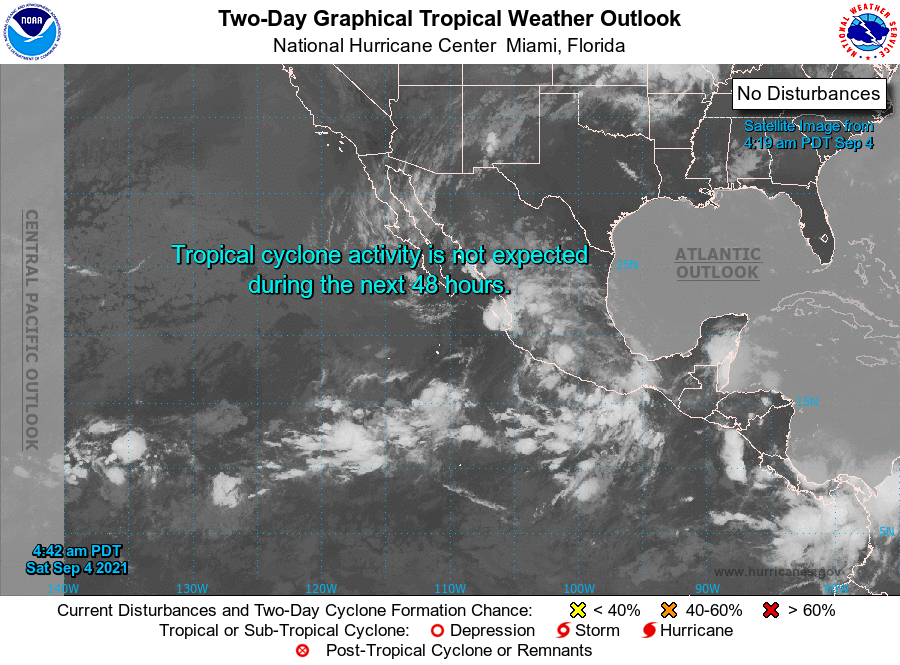
For the eastern North Pacific...east of 140 degrees west longitude:

1. An area of low pressure is forecast to form in a day or two off the southwestern coast of Mexico. Environmental conditions are expected to be conducive for gradual development thereafter, and the system could become a tropical depression around the middle of next week as it moves west-northwestward or northwestward.
* Formation chance through 48 hours...low...near 0 percent.
* Formation chance through 5 days...medium...50 percent.

2. Another area of low pressure is forecast to form in a couple of days well to the southwest of the southern tip of the Baja California peninsula. Some subsequent development is possible while the system remains nearly stationary out over the open east Pacific.
* Formation chance through 48 hours...low...near 0 percent.
* Formation chance through 5 days...low...20 percent.

Forecaster Beven